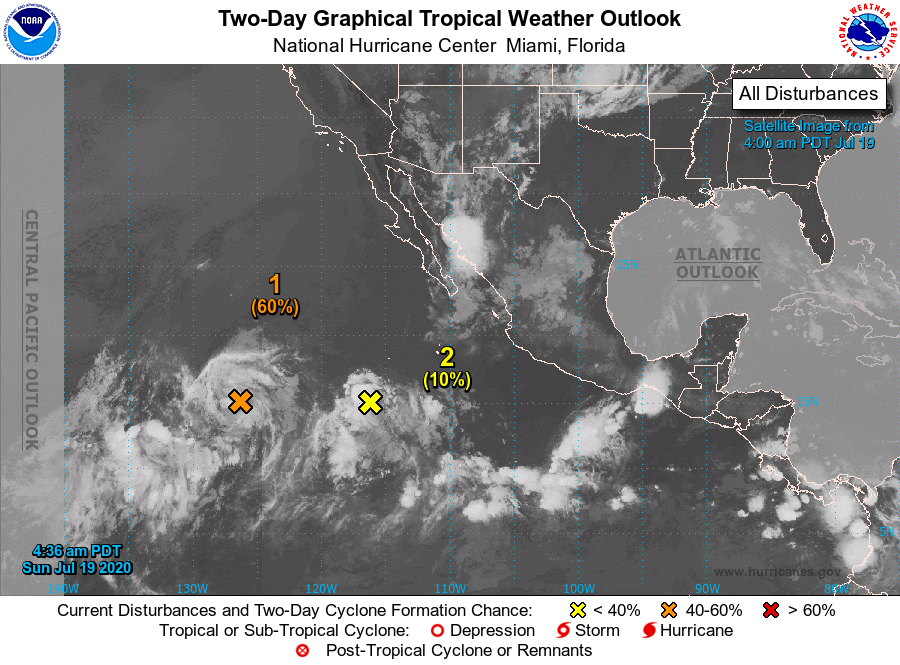
For the eastern North Pacific...east of 140 degrees west longitude:

1. A low pressure system is located about 1200 miles west-southwest of the southern tip of the Baja California peninsula. Although the low's circulation has become better defined, the associated shower and thunderstorm activity is somewhat limited. However, environmental conditions remain conducive for this system to become a tropical depression before it reaches cooler waters in a day or two while moving west-northwestward at about 10 mph.
* Formation chance through 48 hours...medium...60 percent.
* Formation chance through 5 days...medium...60 percent.

2. Disorganized showers and thunderstorms located about 700 miles southwest of the southern tip of the Baja California peninsula are associated with a tropical wave. Environmental conditions are expected to be conducive for gradual development of this system through the week while it moves west-southwestward and then westward at about 10 mph.
* Formation chance through 48 hours...low...10 percent.
* Formation chance through 5 days...low...30 percent.

Forecaster Berg